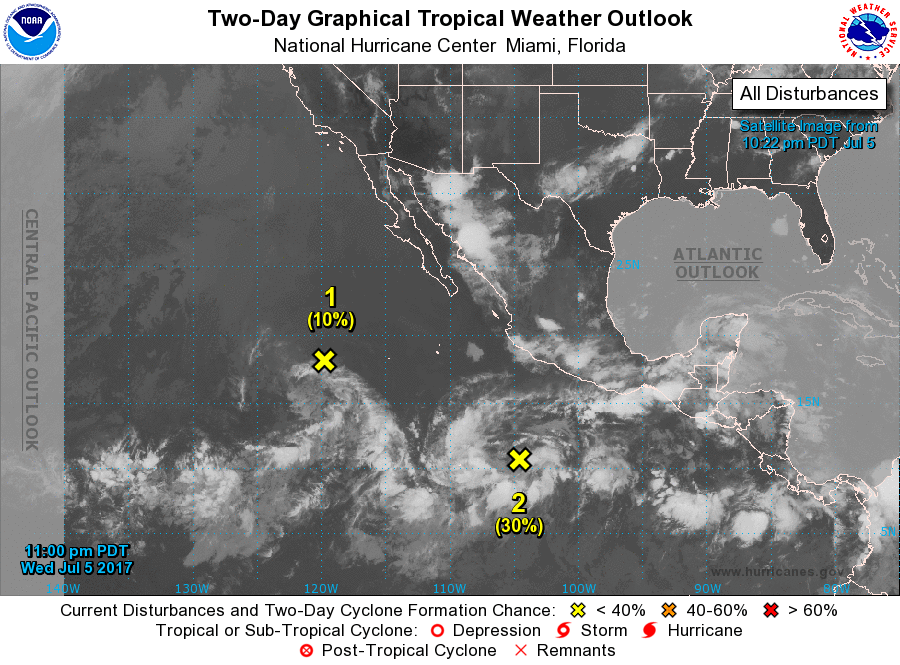
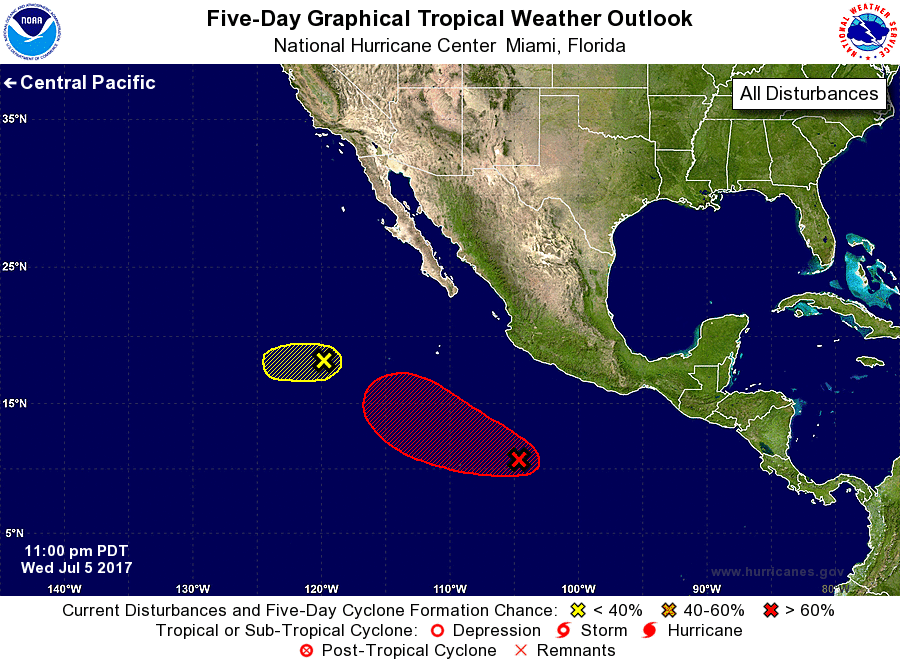
For the eastern North Pacific...east of 140 degrees west longitude:

1. Showers and thunderstorms associated with a low pressure area located about 750 miles west-southwest of the southern tip of the Baja California peninsula continue to decrease. The low is moving westward at 10 to 15 mph into an increasingly less favorable environment, and development of this system is unlikely.
* Formation chance through 48 hours...low...10 percent.
* Formation chance through 5 days...low...10 percent.

2. Showers and thunderstorms are slowly becoming better organized in association with a broad area of low pressure located several hundred miles south of Manzanillo, Mexico. Environmental conditions are expected to be favorable for additional development, and this system is likely to become a tropical depression this weekend while it moves generally westward to west-northwestward at about 10 mph away from the coast of Mexico.
* Formation chance through 48 hours...low...30 percent.
* Formation chance through 5 days...high...80 percent.

Forecaster Pasch